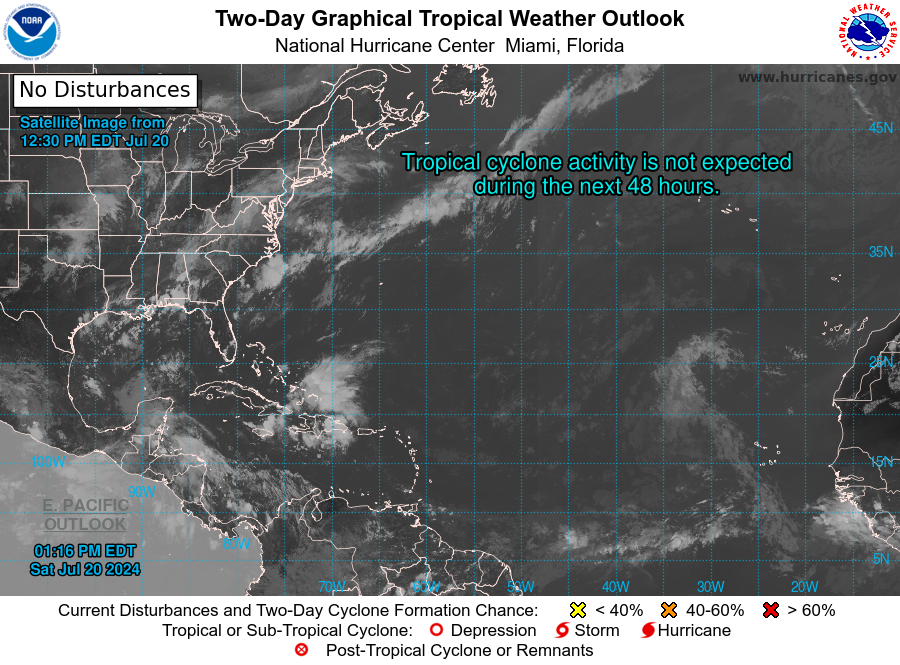
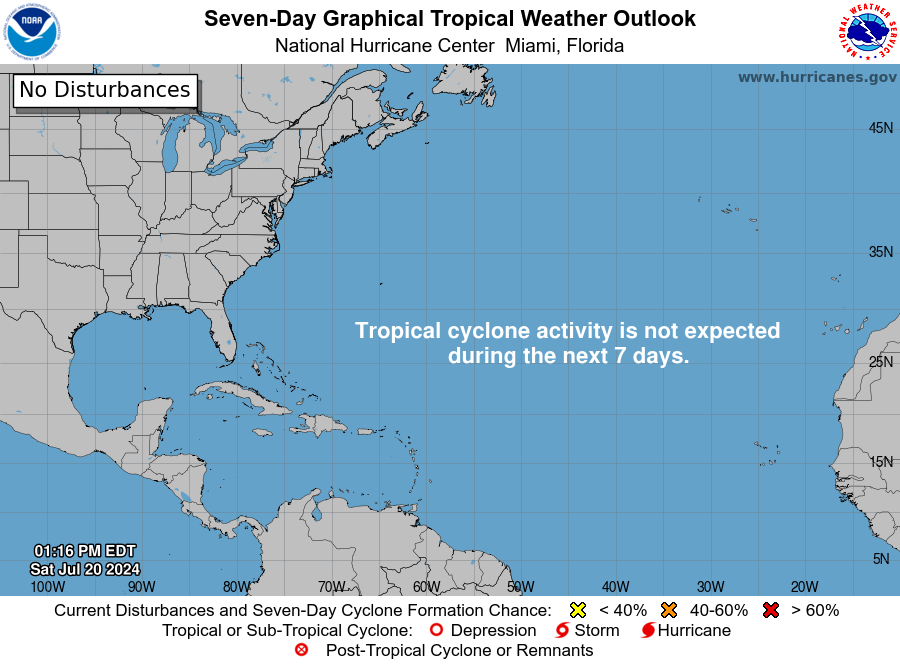
For the North Atlantic...Caribbean Sea and the Gulf of Mexico:

Tropical cyclone formation is not expected during the next 7 days.

Forecaster Reinhart